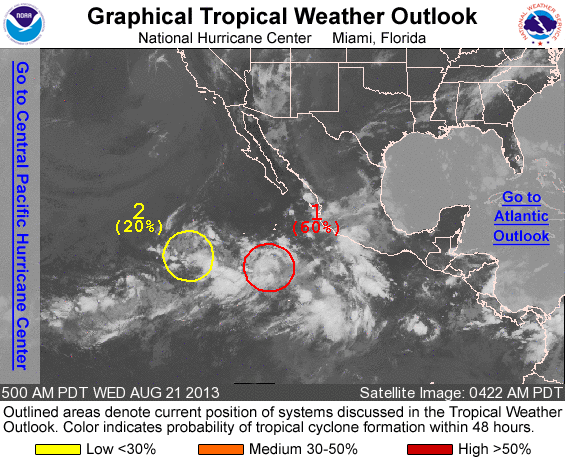
FOR THE EASTERN NORTH PACIFIC...EAST OF 140 DEGREES WEST LONGITUDE..

1. AN AREA OF LOW PRESSURE LOCATED ABOUT 600 MILES SOUTHWEST OF MANZANILLO MEXICO IS SHOWING SIGNS OF ORGANIZATION. ENVIRONMENTAL CONDITIONS APPEAR CONDUCIVE FOR ADDITIONAL DEVELOPMENT...AND A TROPICAL DEPRESSION WILL LIKELY FORM DURING THE NEXT DAY OR TWO. THIS SYSTEM HAS A HIGH CHANCE...60 PERCENT...OF BECOMING A TROPICAL CYCLONE DURING THE NEXT 48 HOURS...AND A HIGH CHANCE...90 PERCENT...OF BECOMING A TROPICAL CYCLONE DURING THE NEXT 5 DAYS WHILE IT MOVES NORTHWESTWARD AND THEN NORTH-NORTHWESTWARD.

2. A BROAD AREA OF LOW PRESSURE IS LOCATED ABOUT 900 MILES SOUTHWEST OF THE SOUTHERN TIP OF THE BAJA CALIFORNIA PENINSULA. SOME DEVELOPMENT OF THIS SYSTEM IS POSSIBLE DURING THE NEXT SEVERAL DAYS. THIS DISTURBANCE HAS A LOW CHANCE...20 PERCENT...OF BECOMING A TROPICAL CYCLONE DURING THE NEXT 48 HOURS...AND A MEDIUM CHANCE...40 PERCENT...OF BECOMING A TROPICAL CYCLONE DURING THE NEXT 5 DAYS WHILE IT REMAINS NEARLY STATIONARY OR MOVES SLOWLY NORTHWARD.

FIVE-DAY FORMATION PROBABILITIES ARE EXPERIMENTAL IN 2013. COMMENTS ON THE EXPERIMENTAL FORECASTS CAN BE PROVIDED AT...

HTTP://WWW.NWS.NOAA.GOV/SURVEY/NWS-SURVEY.PHP?CODE=ETWO

FORECASTER BLAKE